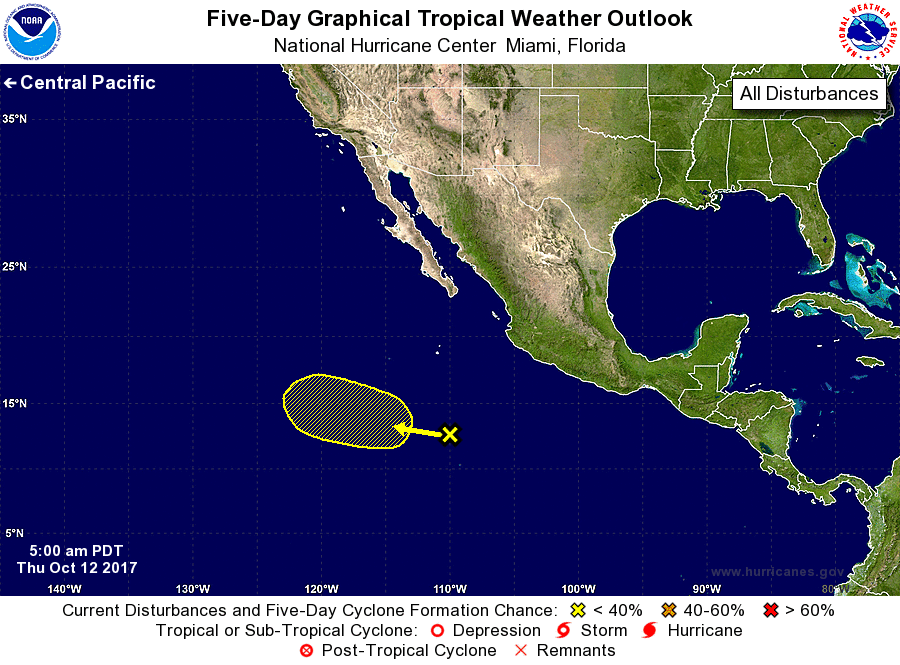
For the eastern North Pacific...east of 140 degrees west longitude:

1. A broad area of low pressure centered about 700 miles south of the southern tip of the Baja California peninsula is producing disorganized showers and thunderstorms. Strong upper-level winds will likely limit development of this system for the next day or so, but some gradual development could occur thereafter while the system moves generally westward at 10 to 15 mph.
* Formation chance through 48 hours...low...10 percent.
* Formation chance through 5 days...low...20 percent.

Forecaster Zelinsky